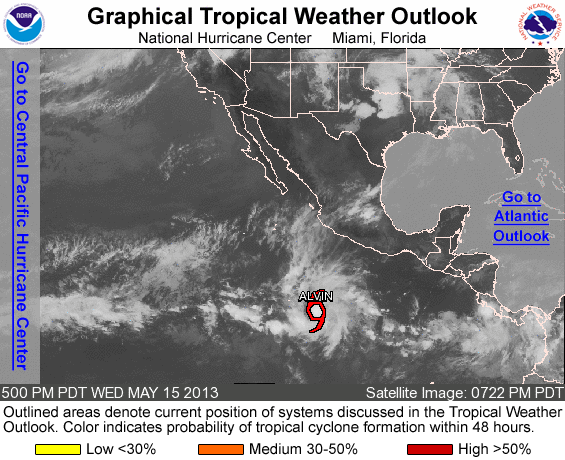
FOR THE EASTERN NORTH PACIFIC...EAST OF 140 DEGREES WEST LONGITUDE..

THE NATIONAL HURRICANE CENTER IS ISSUING ADVISORIES ON NEWLY UPGRADED TROPICAL STORM ALVIN...LOCATED SEVERAL HUNDRED MILES SOUTH-SOUTHWEST OF ACAPULCO MEXICO.

ELSEWHERE...TROPICAL CYCLONE FORMATION IS NOT EXPECTED DURING THE NEXT 48 HOURS.

&&
PUBLIC ADVISORIES ON TROPICAL DEPRESSION ONE-E ARE ISSUED UNDER WMO HEADER WTPZ31 KNHC AND UNDER AWIPS HEADER MIATCPEP1. FORECAST/ ADVISORIES ARE ISSUED UNDER WMO HEADER WTPZ21 KNHC AND UNDER AWIPS HEADER MIATCMEP1.

FORECASTER KIMBERLAIN